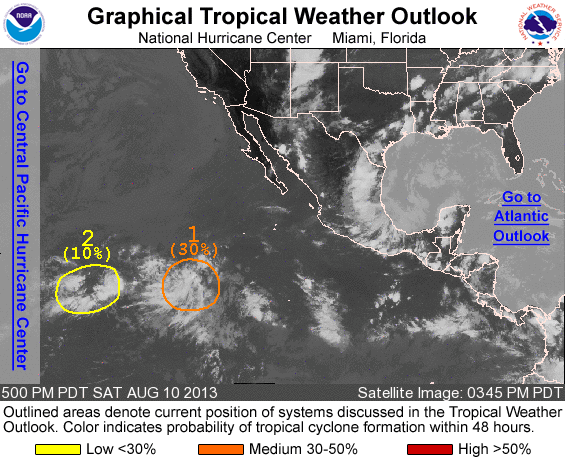
FOR THE EASTERN NORTH PACIFIC...EAST OF 140 DEGREES WEST LONGITUDE..

1. A BROAD AREA OF LOW PRESSURE CENTERED ABOUT 1100 MILES SOUTHWEST OF THE SOUTHERN TIP OF BAJA CALIFORNIA CONTINUES TO PRODUCE DISORGANIZED SHOWERS AND THUNDERSTORMS. WHILE THIS SYSTEM REMAINS POORLY ORGANIZED...UPPER-LEVEL WINDS ARE FORECAST TO GRADUALLY BECOME MORE CONDUCIVE FOR DEVELOPMENT OVER THE NEXT FEW DAYS WHILE THE LOW MOVES WESTWARD AT 10 TO 15 MPH. THIS SYSTEM HAS A MEDIUM CHANCE...30 PERCENT...OF BECOMING A TROPICAL CYCLONE DURING THE NEXT 48 HOURS AND A HIGH CHANCE...60 PERCENT...OF BECOMING A TROPICAL CYCLONE DURING THE NEXT 5 DAYS.

2. A TROUGH OF LOW PRESSURE LOCATED ABOUT 1400 MILES EAST-SOUTHEAST OF THE BIG ISLAND OF HAWAII IS PRODUCING LIMITED SHOWER ACTIVITY. DEVELOPMENT...IF ANY...OF THIS SYSTEM IS EXPECTED TO BE SLOW TO OCCUR DURING THE NEXT FEW DAYS WHILE IT MOVES WESTWARD AT AROUND 10 MPH. THIS SYSTEM HAS A LOW CHANCE...10 PERCENT...OF BECOMING A TROPICAL CYCLONE DURING THE NEXT 48 HOURS...AND A LOW CHANCE...20 PERCENT...OF BECOMING A TROPICAL CYCLONE DURING THE NEXT 5 DAYS.

FIVE-DAY FORMATION PROBABILITIES ARE EXPERIMENTAL IN 2013. COMMENTS ON THE EXPERIMENTAL FORECASTS CAN BE PROVIDED AT...

HTTP://WWW.NWS.NOAA.GOV/SURVEY/NWS-SURVEY.PHP?CODE=ETWO

FORECASTER BRENNAN